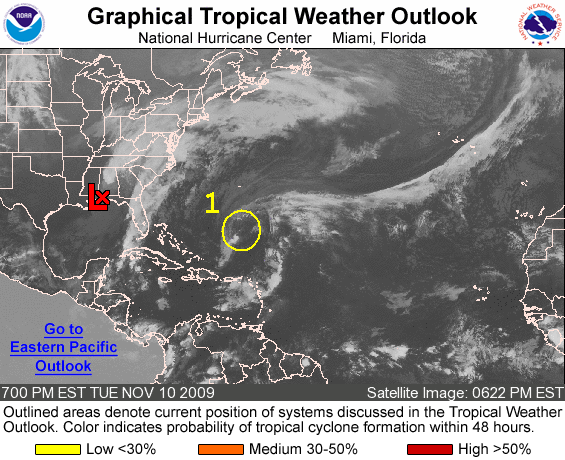
FOR THE NORTH ATLANTIC...CARIBBEAN SEA AND THE GULF OF MEXICO...

THE HYDROMETEOROLOGICAL PREDICTION CENTER IS ISSUING ADVISORIES ON THE EXTRATROPICAL REMNANTS OF IDA...CENTERED ABOUT 145 MILES WEST OF TALLAHASSEE FLORIDA. INFORMATION ON THIS SYSTEM CAN BE FOUND IN PUBLIC ADVISORIES ISSUED UNDER AWIPS HEADER TCPAT1 AND WMO HEADER WTNT31 KWNH.

1. A NON-TROPICAL LOW PRESSURE AREA CENTERED ABOUT 500 MILES SOUTH OF BERMUDA IS PRODUCING GALE FORCE WINDS BUT MINIMAL SHOWER AND THUNDERSTORM ACTIVITY. THE OPPORTUNITY FOR SIGNIFICANT DEVELOPMENT OF THIS SYSTEM IS DIMINISHING SINCE UPPER LEVEL WINDS ARE EXPECTED TO BECOME LESS FAVORABLE IN A DAY OR SO. THERE IS A LOW CHANCE... LESS THAN 30 PERCENT...OF THIS SYSTEM BECOMING A TROPICAL OR SUBTROPICAL CYCLONE BEFORE IT IS ABSORBED BY A FRONT LATE THURSDAY.

ADDITIONAL INFORMATION ON THIS SYSTEM CAN BE FOUND IN HIGH SEAS FORECASTS ISSUED BY THE NATIONAL WEATHER SERVICE...UNDER AWIPS HEADER NFDHSFAT1 AND WMO HEADER FZNT01 KWBC.

ELSEWHERE...TROPICAL CYCLONE FORMATION IS NOT EXPECTED DURING THE NEXT 48 HOURS.

FORECASTER BERG